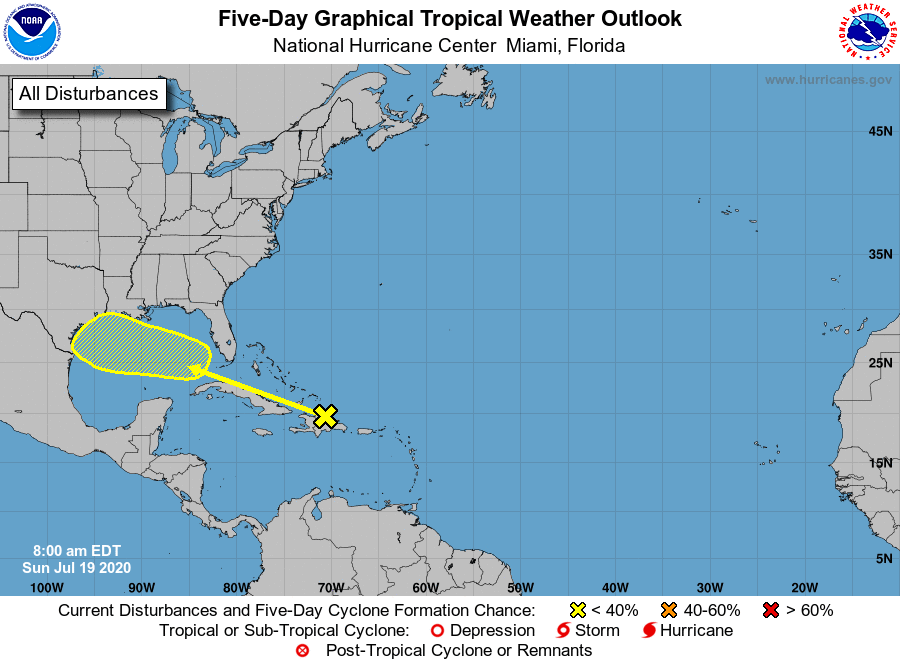
For the North Atlantic...Caribbean Sea and the Gulf of Mexico:

1. A tropical wave located over Hispaniola and the adjacent waters of the southwestern Atlantic is expected to move west-northwestward over the next several days and enter the southeastern Gulf of Mexico by late Tuesday, and then move across the central Gulf on Wednesday and reach the northwestern Gulf on Thursday. This disturbance is currently producing disorganized shower activity, but environmental conditions are expected to become at least marginally conducive for development by Wednesday or Thursday.
* Formation chance through 48 hours...low...near 0 percent.
* Formation chance through 5 days...low...20 percent.

Forecaster Beven